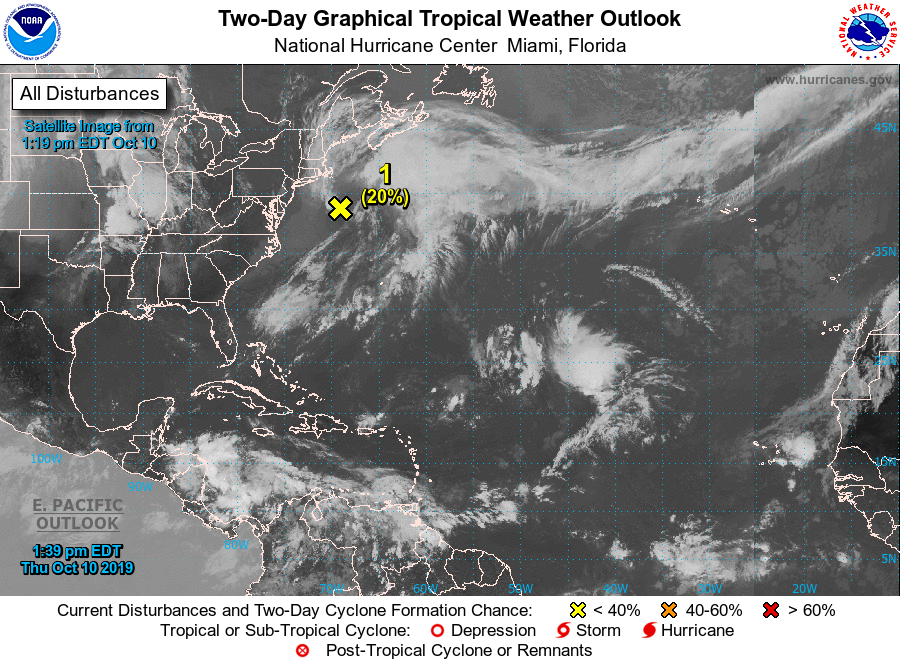
For the North Atlantic...Caribbean Sea and the Gulf of Mexico:

1. Cloudiness and showers located off the northeast coast of the United States are associated with a non-tropical area of low pressure that is producing storm-force winds. Environmental conditions are expected to be unfavorable for significant subtropical or tropical cyclone development over the next couple of days while it meanders offshore of the United States. Subtropical or tropical cyclone formation after that time is not anticipated due to strong upper-level winds. Regardless of development, this system is expected to bring strong winds, coastal flooding, and rough surf to portions of the mid-Atlantic and northeastern United States coasts through late week. Additional information on this system can also be found in local products and High Seas Forecasts issued by the National Weather Service.
* Formation chance through 48 hours...low...20 percent.
* Formation chance through 5 days...low...20 percent.

High Seas Forecasts issued by the National Weather Service can be found under AWIPS header NFDHSFAT1, WMO header FZNT01 KWBC, and online at ocean.weather.gov/shtml/NFDHSFAT1.php

Forecaster Latto